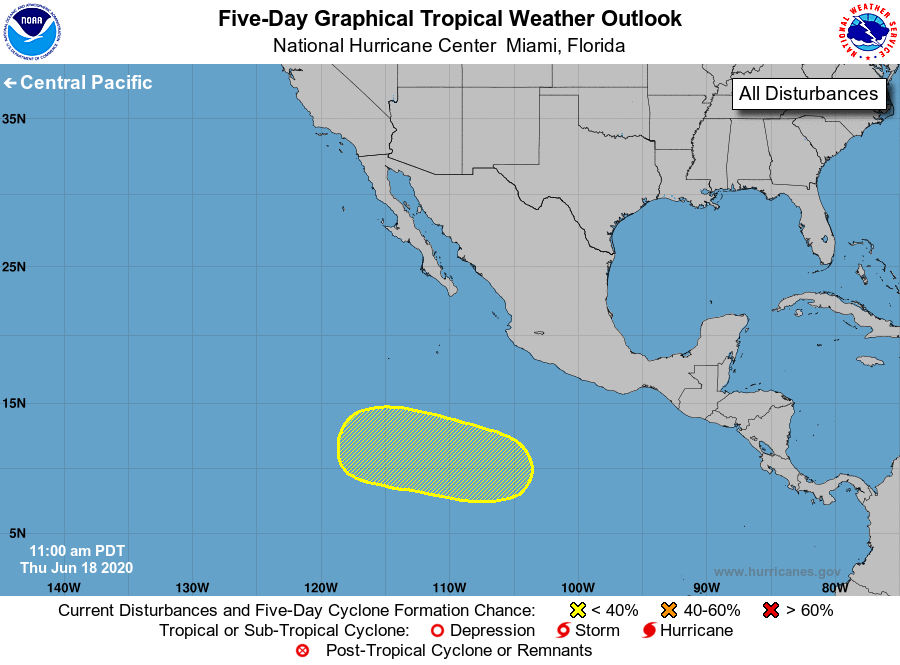
For the eastern North Pacific...east of 140 degrees west longitude:

1. A broad area of low pressure may form well south or southwest of the southern coast of Mexico in a few days. Environmental conditions could support some slow development of the system through early next week while it moves generally westward, well offshore the coast of Mexico.
* Formation chance through 48 hours...low...near 0 percent.
* Formation chance through 5 days...low...20 percent.

Forecaster Zelinsky